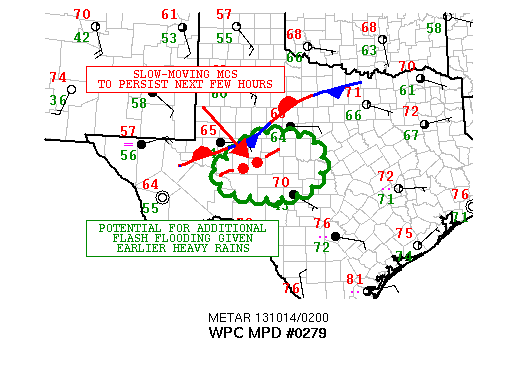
AREAS AFFECTED...CENTRAL TX

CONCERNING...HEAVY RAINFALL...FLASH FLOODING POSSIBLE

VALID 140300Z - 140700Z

SUMMARY...A SLOW-MOVING MCS WILL BE ADVANCING GRADUALLY INTO AREAS
ALREADY IMPACTED BY HEAVY RAINS EARLIER IN THE DAY...WHICH MAY
PRODUCE SOME ADDITIONAL FLASH FLOOD CONCERNS AT LEAST LOCALLY.

DISCUSSION...A DYNAMICALLY FORCED COLD-TOPPED MCS INVOF A STALLED
OUT FRONTAL ZONE IS MOVING SLOWLY EASTWARD OUT OF WEST-CENTRAL TX.
THE LATEST IR/WV IMAGERY SHOWS VERY DIV FLOW ALOFT ASSOCD WITH H25
RRQ JET DYNAMICS AND RELATED OUTFLOW FROM T.S. OCTAVE IN THE E PAC
SOUTH OF MEXICO. RATHER DEEP MOISTURE IS IN PLACE TOO GIVEN A
COMBINATION OF SELY LOW LEVEL FLOW OFF THE GULF OF MEXICO...AND
SWLY MID/UPR LEVEL FLOW EMANATING FROM THE E PAC WITH T.S. OCTAVE
AND CROSSING MAINLAND MEXICO INTO THE SOUTHERN PLAINS.

THE THERMODYNAMIC ENVIRONMENT ACROSS THIS REGION HOWEVER IS NOT
PARTICULARLY FAVORABLE WITH MUCAPE VALUES AT BEST BETWEEN 250 TO
500 J/KG INVOF THIS ACTIVITY AND EVEN DOWNSTREAM ACROSS THE TX
HILL COUNTRY. THE PERSISTENT MCS FARTHER SOUTHEAST ADJACENT THE
RIO GRANDE RIVER IS HELPING TO SIGNIFICANTLY INTERCEPT AT LEAST
THE STRONGER LOW LEVEL MOISTURE/INSTABILITY TRANSPORT INTO CNTRL
TX. WHILE QUESTIONS INVOLVING THE THERMODYNAMIC ENVIRONMENT WILL
PERSIST IN THE SHORT-TERM...THE FORCED CONVECTIVE ENVIRONMENT
SHOULD TEND TO PERSIST. IT SHOULD BE NOTED THAT THE GLOBAL MODELS
INCLUDING THE 12Z ECMWF AND 18Z GFS FAVOR AN INCREASE IN THE SELY
LOW LEVEL JET OVER THE REGION OVERNIGHT WHICH WILL AT LEAST
ATTEMPT TO PROVIDE STRONGER THERMODYNAMICS FOR SUSTAINABLE
CONVECTION. SO THIS WILL BE MONITORED.

SINCE THIS MCS WILL BE APPROACHING AREAS HIT HARD EARLIER IN THE
DAY WITH HEAVY RAINFALL...THERE WILL AT LEAST BE SOME ADDITIONAL
SHORT-TERM CONCERNS FOR FLASH FLOODING.